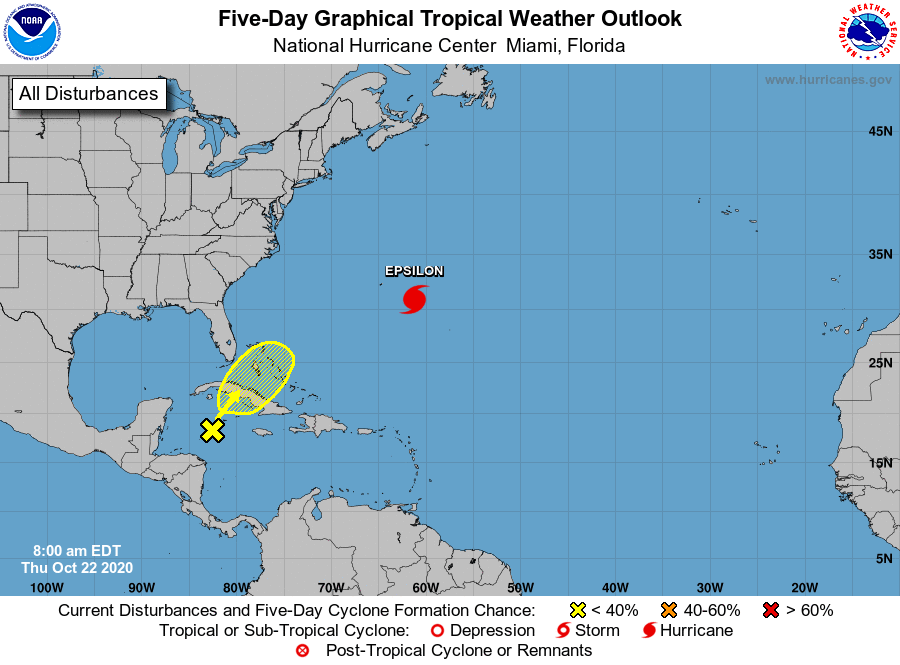
For the North Atlantic...Caribbean Sea and the Gulf of Mexico:

The National Hurricane Center is issuing advisories on Hurricane Epsilon, located over the west-central Atlantic a few hundred miles southeast of Bermuda.

1. A trough of low pressure located over the western Caribbean Sea is producing a large area of disorganized showers and thunderstorms which primarily extend near Jamaica, the Cayman Islands, and Cuba. Some slow development of this system is possible during the next few days while it moves northeastward near western or central Cuba, the Straits of Florida and the Bahamas through the weekend. Regardless of development, locally heavy rainfall is possible over portions of Cuba, South Florida, and the Bahamas through early next week.
* Formation chance through 48 hours...low...10 percent.
* Formation chance through 5 days...low...30 percent.

Forecaster Blake/Papin